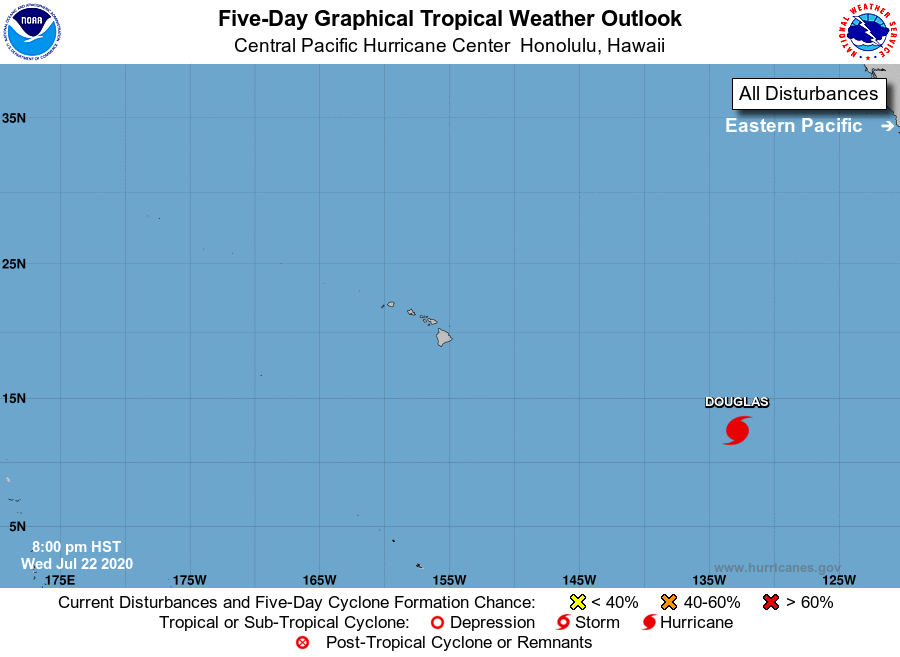
For the central North Pacific...between 140W and 180W:

The National Hurricane Center is issuing advisories on Hurricane Douglas, currently located over 1,600 miles east-southeast of Hilo, Hawaii. Douglas is expected to move into the Central Pacific Hurricane Center area of responsibility Thursday night or Friday.

Elsewhere, no tropical cyclones are expected during the next 5 days.

Public Advisories on Hurricane Douglas are issued under WMO header WTPZ33 KNHC and under AWIPS header MIATCPEP3. Forecast/Advisories on Hurricane Douglas are issued under WMO header WTPZ23 KNHC and under AWIPS header MIATCMEP3.

Forecaster Morrison